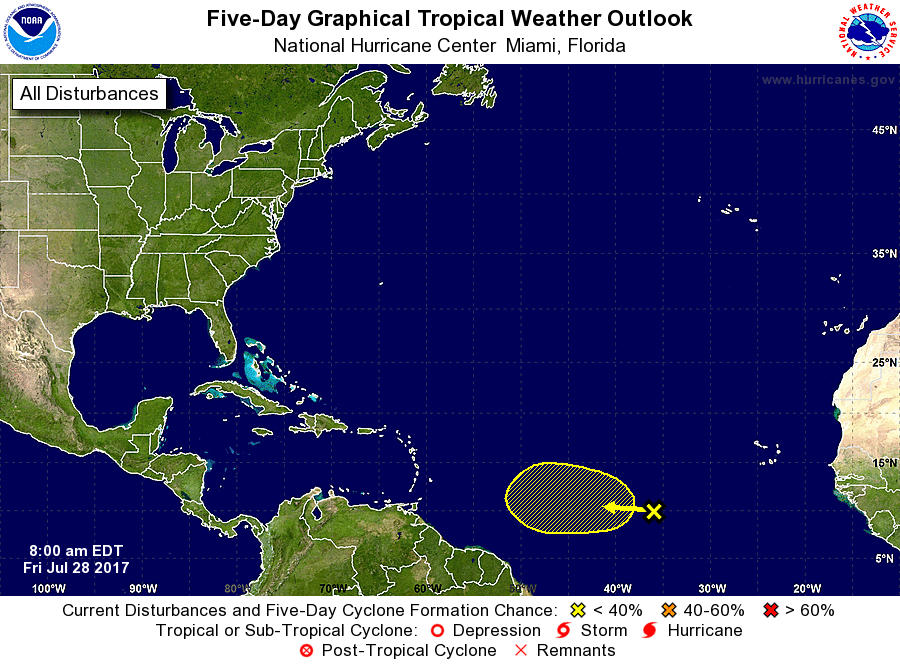
For the North Atlantic...Caribbean Sea and the Gulf of Mexico:

1. Cloudiness and showers in the central tropical Atlantic have decreased since yesterday. Environmental conditions have become less favorable for tropical cyclone formation while the system moves slowly westward for the next several days.
* Formation chance through 48 hours...low...near 0 percent.
* Formation chance through 5 days...low...20 percent.

Forecaster Avila